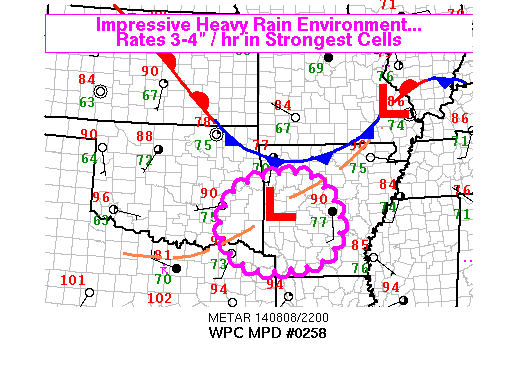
AREAS AFFECTED...AR...SE OK...FAR NE TX

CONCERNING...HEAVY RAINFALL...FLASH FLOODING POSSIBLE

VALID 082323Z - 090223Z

SUMMARY...VERY INTENSE RAIN RATES MAY LEAD TO FLASH FLOODING IN
CENTRAL AND WESTERN ARKANSAS AND ADJACENT OK/TX THROUGH MID
EVENING.

DISCUSSION...THE ENVIRONMENT WAS IMPRESSIVELY CONDUCIVE TO HEAVY
RAIN WITH DEWPOINTS IN THE UPPER 70S AND PRECIPITABLE WATER AROUND
2 INCHES IN THE PRE-CONVECTIVE ENVIRONMENT HERE. DUAL POL
INFORMATION FROM KSRX AND KLZK SHOWED AN UNUSUAL BREADTH OF HEAVY
RAIN CLASSIFICATION FROM THE HHC. A DROP OF REFLECTIVITY FROM
HIGHER VALUES ALOFT TO NEAR 50 DBZ AT THE BASE TILTS...COMBINED
WITH MODERATELY HIGH KDP VALUES CLOSE TO 3 DEGREEES / KM...SUPPORT
THE NOTION THAT THE THREE-PLUS INCH PER HOUR ESTIMATES FROM KSRX
ARE NOT OVERESTIMATES...AND ARE LIKELY CLOSE TO REALITY.

WITH TIME SOME LOCAL COLD POOL DEVELOPMENT HAS BEEN DRIVING THE
LEADING LINE FORWARD...REDUCING RESIDENCE TIME OVER A GIVEN
LOCATION. THIS SUGGESTS THE HEAVIEST RAIN TOTALS MAY HAVE ALREADY
OCCURRED...BUT THERE IS SOME CONCERN FOR REDEVELOPMENT AND
TRAINING ALONG THE WESTERN FLANK...AS SOUTHWESTERLY INFLOW AND
WARM ADVECTION PROFILES WILL PERSIST. THE 12Z WRF ARW AND RECENT
HRRR RUNS ALL SUGGEST A DECREASE OF INTENSITY NEAR
02Z...COINCIDING WITH THE SMALL MCS NEARING THE UPPER RIDGE CENTER
OVER NE TX/SRN AR...ALONG WITH THE LOSS OF HEATING. UNTIL THAT
TIME...STEERING WINDS MAY TAKE THE SMALL MCV SSE WHILE CORFIDI
VECTORS SUGGEST SOME PROPAGATION S OR TURNING SW. SEE SPC
MESOSCALE DISCUSSION 1527 FOR FURTHER DETAILS.